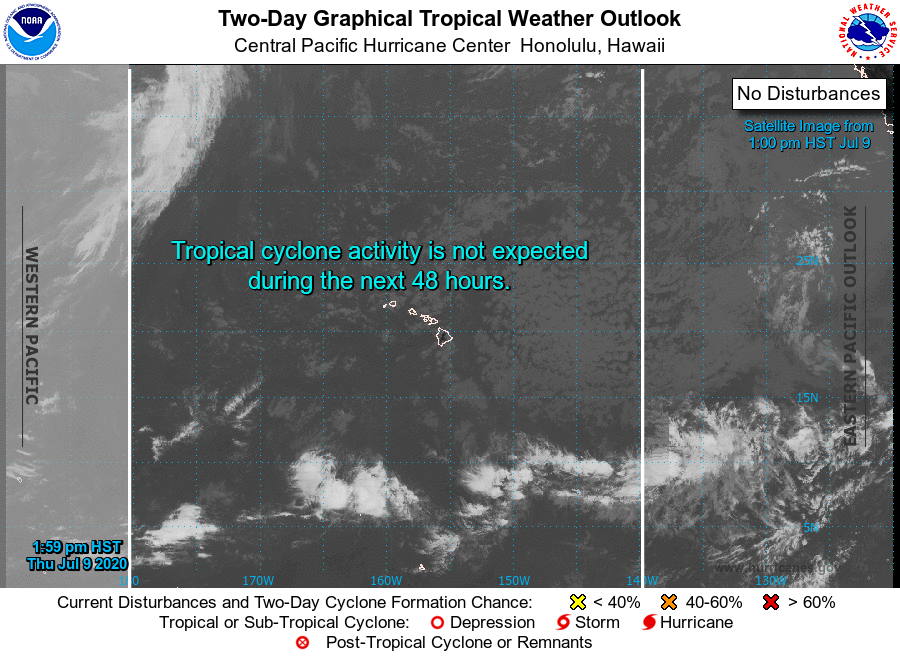
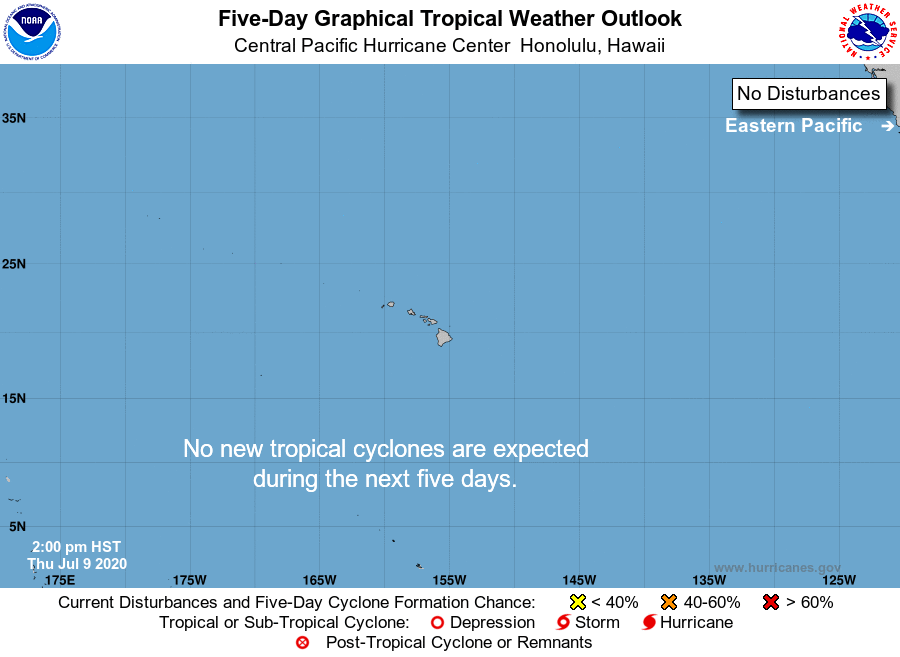
For the central North Pacific...between 140W and 180W:

No tropical cyclones are expected during the next 5 days.

Forecaster Kino